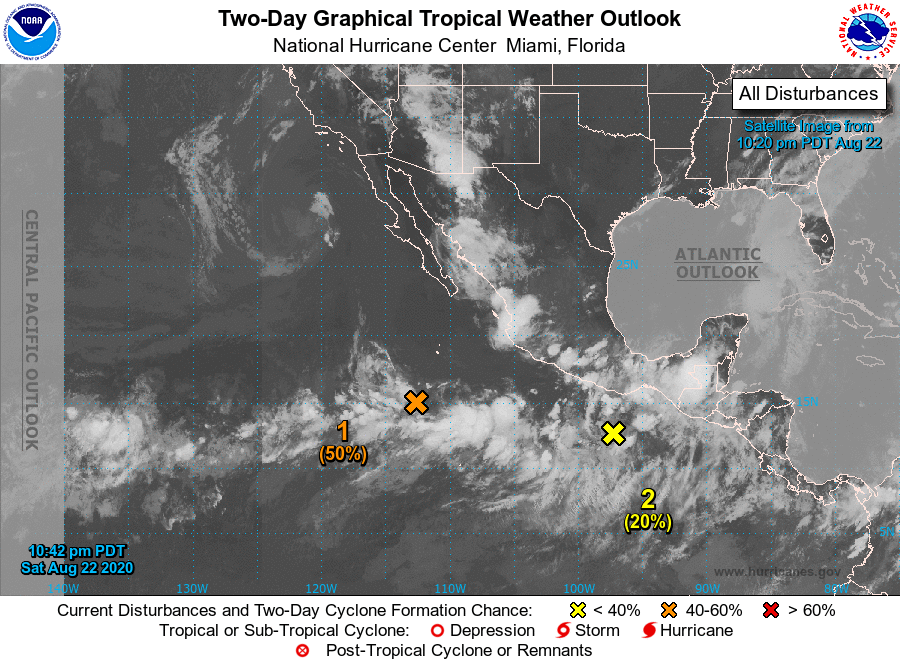
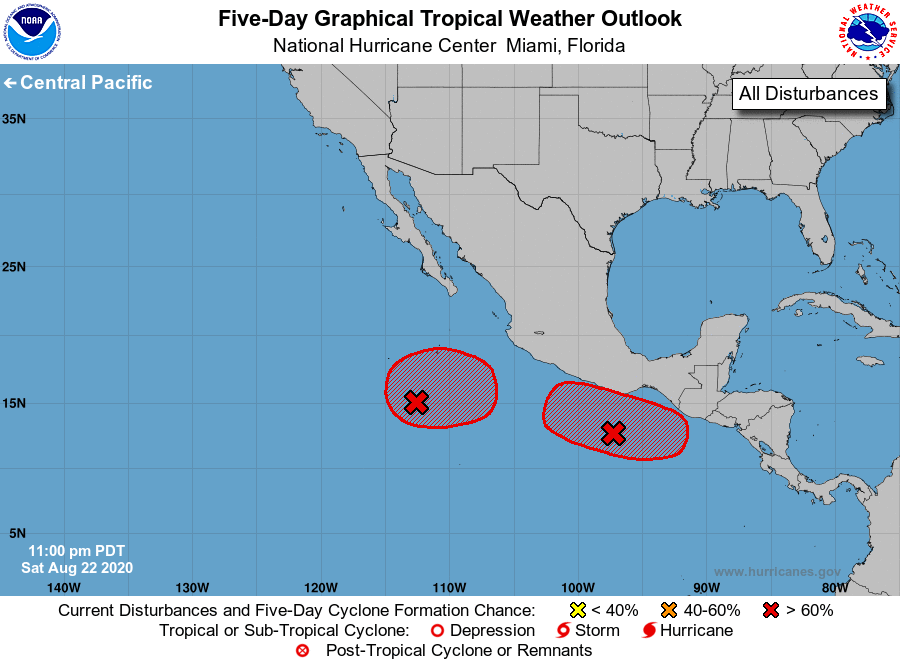
For the eastern North Pacific...east of 140 degrees west longitude:

1. An elongated area of low pressure located several hundred miles south-southwest of the southern tip of the Baja California peninsula continues to produce a large area of disorganized cloudiness and thunderstorms. Conditions appear favorable for gradual development, and a tropical depression is likely to form during the early- to-middle part of next week while the system drifts a few hundred miles offshore the coast of southwestern Mexico.
* Formation chance through 48 hours...medium...50 percent.
* Formation chance through 5 days...high...80 percent.

2. An area of low pressure is likely to form south of the Gulf of Tehuantepec during the next day or two. A tropical depression is likely to form by the middle of next week while the system moves slowly northwestward or northward, near or parallel to the southwestern coast of Mexico. Regardless of development, areas of heavy rainfall and flash flooding are likely in southeastern Mexico and northern Central America during the next several days.
* Formation chance through 48 hours...low...20 percent.
* Formation chance through 5 days...high...70 percent.

Forecaster Beven